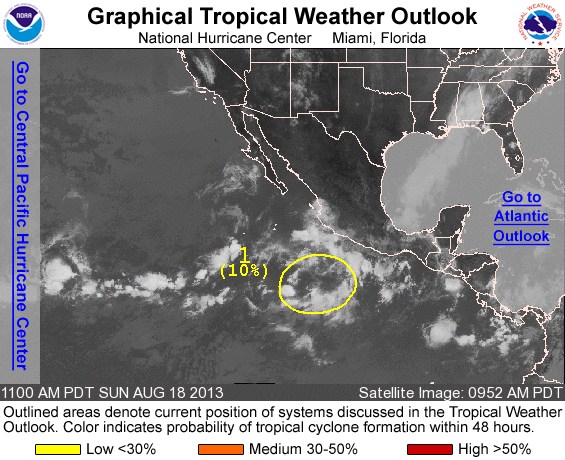
FOR THE EASTERN NORTH PACIFIC...EAST OF 140 DEGREES WEST LONGITUDE..

1. A TROUGH OF LOW PRESSURE LOCATED SEVERAL HUNDRED MILES SOUTH-SOUTHWEST OF ACAPULCO MEXICO CONTINUES TO PRODUCE DISORGANIZED SHOWERS AND THUNDERSTORMS. ENVIRONMENTAL CONDITIONS APPEAR CONDUCIVE FOR GRADUAL DEVELOPMENT OF THIS SYSTEM...AND A TROPICAL DEPRESSION COULD FORM AROUND MIDWEEK. THIS SYSTEM HAS A LOW CHANCE...10 PERCENT...OF BECOMING A TROPICAL CYCLONE DURING THE NEXT 48 HOURS...BUT A HIGH CHANCE...70 PERCENT...OF BECOMING A TROPICAL CYCLONE DURING THE NEXT FIVE DAYS WHILE IT MOVES WEST-NORTHWESTWARD TO NORTHWESTWARD.

FIVE-DAY FORMATION PROBABILITIES ARE EXPERIMENTAL IN 2013. COMMENTS ON THE EXPERIMENTAL FORECASTS CAN BE PROVIDED AT...

HTTP://WWW.NWS.NOAA.GOV/SURVEY/NWS-SURVEY.PHP?CODE=ETWO

FORECASTER PASCH